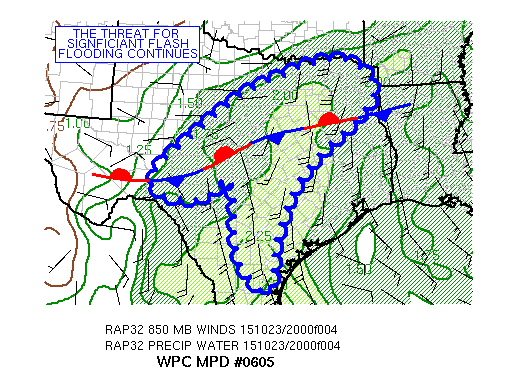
AREAS AFFECTED...MUCH OF EAST TX

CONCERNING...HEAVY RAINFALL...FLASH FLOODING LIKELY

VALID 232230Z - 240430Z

SUMMARY...FLASH FLOOD PRODUCING CONVECTION WILL TRAIN ALONG A LOW
LEVEL BOUNDARY AS IT MOVES SLOWLY NORTH DURING THE EVENING HOURS.

DISCUSSION...CONVECTION CONTINUES TO DEVELOP AND TRACK ALONG A LOW
LEVEL BOUNDARY EXTENDING FROM CENTRAL INTO NORTHEAST TX LATE THIS
AFTERNOON. THE BOUNDARY IS SITTING IN AN AXIS OF 2.00 INCH
PRECIPITABLE WATER (WHICH IS ABOUT TWO STANDARD DEVIATIONS ABOVE
THE MEAN)...AND THE CONVECTION IS FORMING AND MOVING ON THE
NORTHERN EDGE OF THE BEST INSTABILITY. THE CONVECTION IS PRODUCING
HOURLY RAINFALL RATES BETWEEN 2.00 AND 2.50 INCHES (PER KFWS RADAR
AND MRMS RAINFALL RATE PRODUCT).

THE CONVECTION IS EXPECTED TO FOLLOW THE LOW LEVEL BOUNDARY AS IT
MOVES SLOWLY NORTHWARD THIS EVENING...IN RESPONSE TO BUILDING MID
LEVEL HEIGHTS IN THE WESTERN GULF OF MEXICO. THE MID LEVEL FLOW
AND CORFIDI VECTORS REMAIN ALIGNED IN THE VICINITY OF THE LOW
LEVEL BOUNDARY...PROMOTING TRAINING AND MERGING CELLS.

MOST OF THE HIGH RESOLUTION GUIDANCE (INCLUDING THE 20Z HRRR/RAP)
SHOWED LOCAL 3-5 INCH RAINFALL AMOUNTS ALONG THE BOUNDARY. GIVEN
RAINFALL RATES SEEN ON LOCAL RADARS DURING THIS AFTERNOON...THESE
AMOUNTS SEEM PLAUSIBLE. THE ADDITIONAL RAINFALL WILL RESULT IN
FLASH FLOODING...AND THE FLASH FLOODING COULD BE SIGNIFICANT IN
AREAS WHERE TRAINING PERSISTS.

FURTHER SOUTH...A BAND OF NORTH/SOUTH ORIENTED CONVECTION
CONTINUES TO STREAM NORTH ACROSS PORTIONS OF SOUTH TX. THE
CONVECTION IS FORMING IN AN AXIS OF 1500-2000 J/KG MLCAPE...AS
WELL AS 2.30-2.40 INCH PRECIPITABLE WATER AIR. THUS FAR...THE
CONVECTION HAS REMAINED WIDELY SCATTERED... AND HAS NOT POSED MUCH
OF A FLASH FLOOD THREAT. HOWEVER...THE 20Z HRRR/RAP...AS WELL AS
THE 12Z WRF-ARW/NMMB...SUGGEST THAT THE INFLOW BECOMES STRONGER
AND CONVECTION BECOMES MORE WIDESPREAD TOWARD 24/03Z. THE
INCREASED CONVECTIVE COVERAGE...IN A HIGH MOISTURE CONTENT
AIRMASS...WILL RESULT IN AN INCREASED THREAT FOR FLASH FLOODING
LATE THIS EVENING.